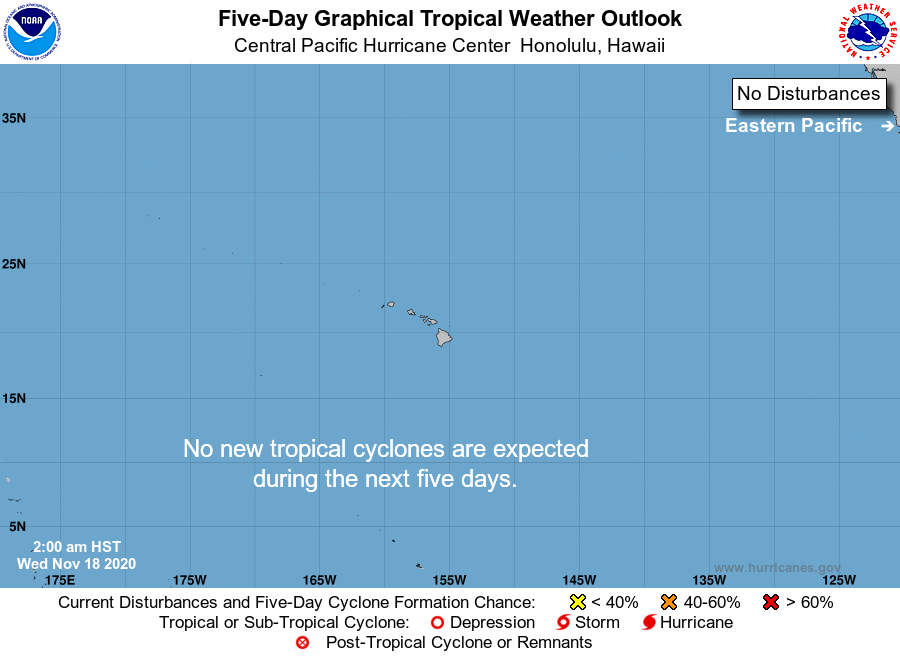
For the central North Pacific...between 140W and 180W:

No tropical cyclones are expected during the next 5 days.

Forecaster Gibbs